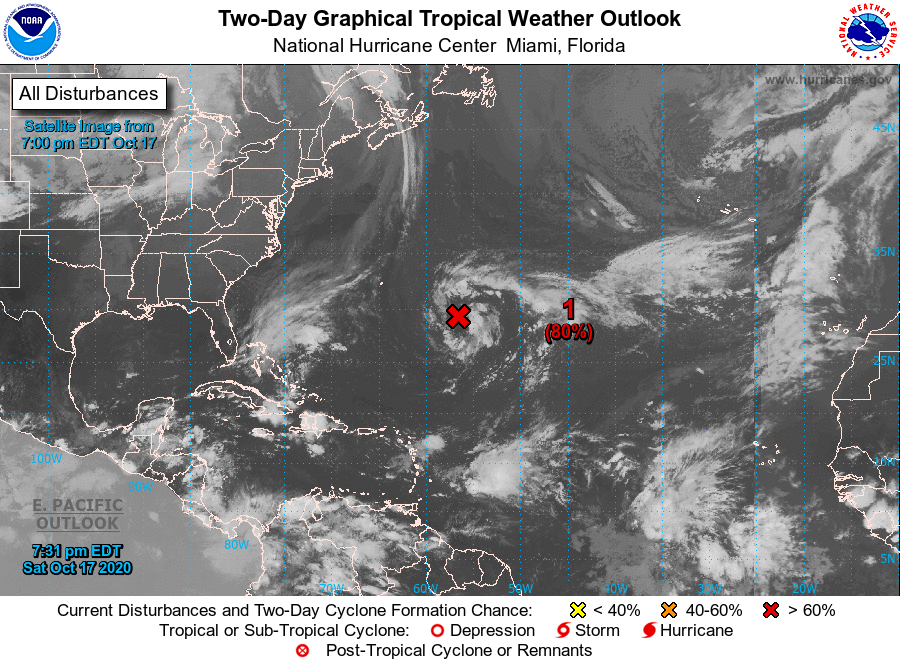
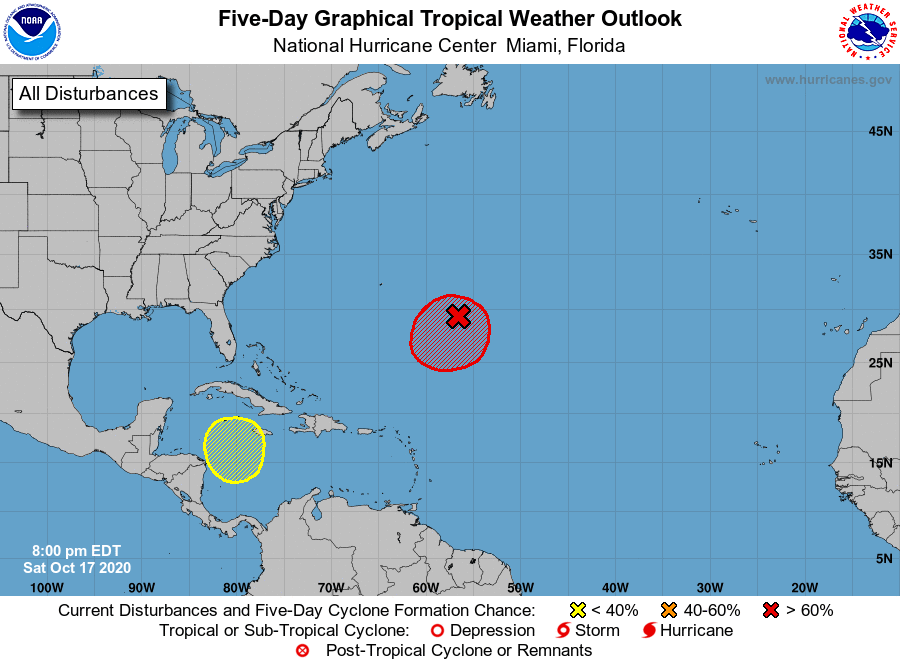
For the North Atlantic...Caribbean Sea and the Gulf of Mexico:

1. Showers and thunderstorms associated with a non-tropical low pressure system located about 500 miles east-southeast of Bermuda have shown little change in organization since earlier today. Gradual development is expected, and a subtropical depression or storm is very likely to form during the next day or two while the low meanders well to the southeast of Bermuda.
* Formation chance through 48 hours...high...80 percent.
* Formation chance through 5 days...high...90 percent.

2. A broad area of low pressure is expected to form in a few days over the southwestern Caribbean Sea. Some gradual development of this system will be possible through the middle of next week while it moves slowly northward or north-northwestward over the western Caribbean Sea.
* Formation chance through 48 hours...low...near 0 percent.
* Formation chance through 5 days...low...30 percent.

Forecaster Pasch